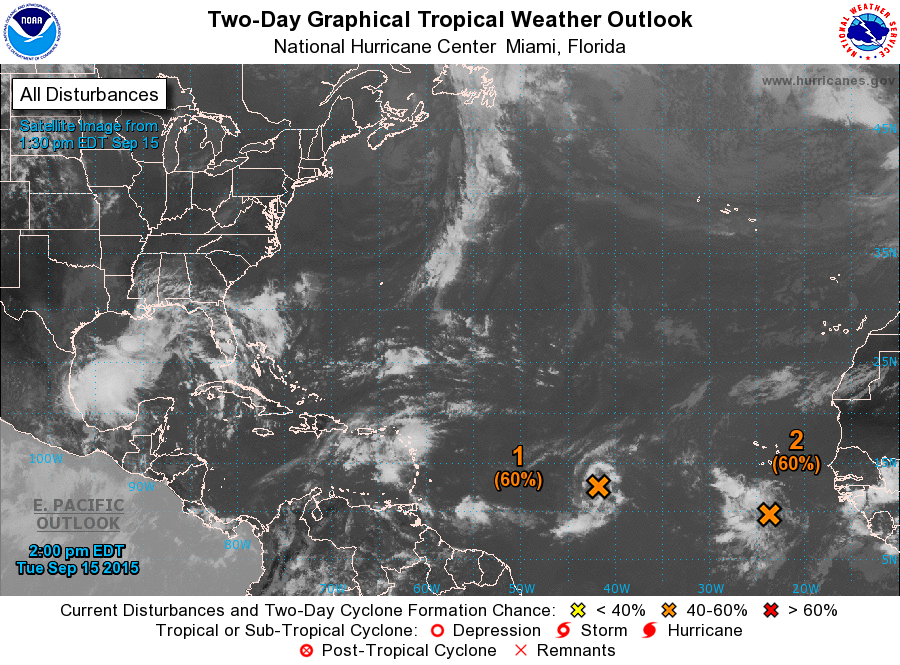
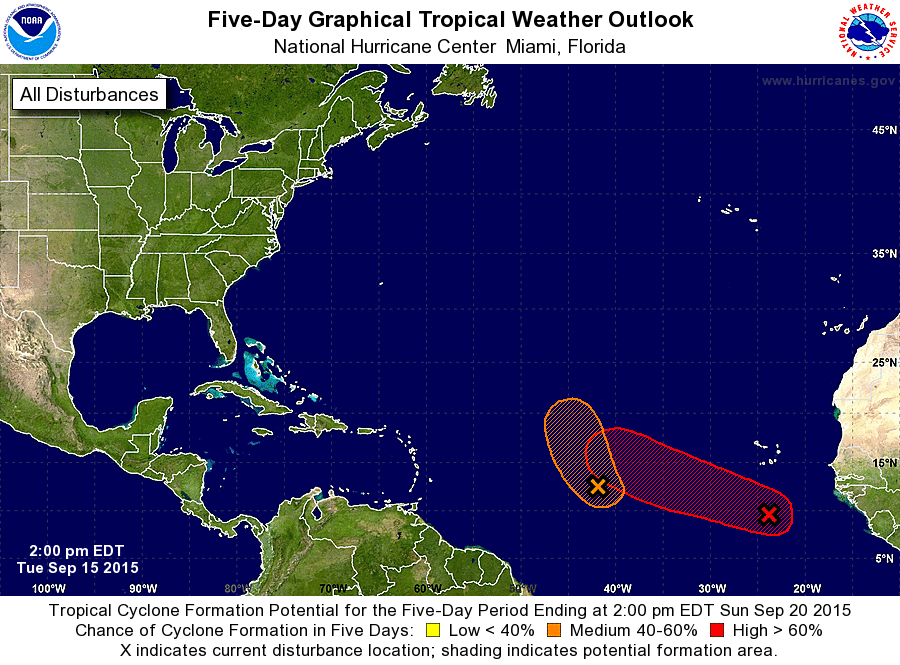
For the North Atlantic...Caribbean Sea and the Gulf of Mexico:

1. Shower and thunderstorm activity has become a little better organized today in association with a well-defined low pressure system located about midway between the Cape Verde Islands and the Lesser Antilles. Some further development of this low is possible during the next day or two while it moves generally northwestward. After that time, however, upper-level winds are expected to become unfavorable for development.
* Formation chance through 48 hours...medium...60 percent
* Formation chance through 5 days...medium...60 percent

2. A broad low pressure system is located about 350 miles south of the southernmost Cape Verde Islands. Shower and thunderstorm activity continues to show signs of organization, and environmental conditions are expected to be conducive for the formation of a tropical depression over the next few days while the system moves west-northwestward at 10 to 15 mph.
* Formation chance through 48 hours...medium...60 percent
* Formation chance through 5 days...high...80 percent

Forecaster Stewart